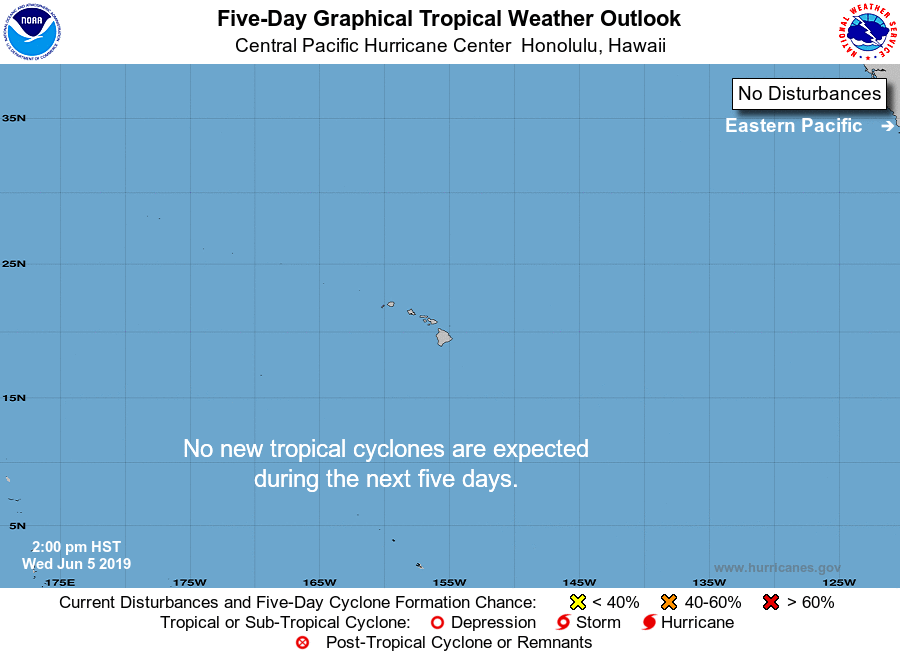
For the central North Pacific...between 140W and 180W:

No tropical cyclones are expected during the next 5 days.

Forecaster Birchard